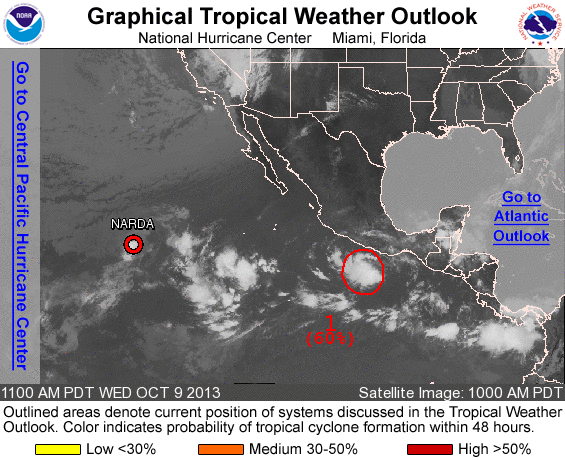
FOR THE EASTERN NORTH PACIFIC...EAST OF 140 DEGREES WEST LONGITUDE..

THE NATIONAL HURRICANE CENTER IS ISSUING ADVISORIES ON TROPICAL DEPRESSION NARDA...LOCATED WELL TO THE WEST-SOUTHWEST OF THE SOUTHERN TIP OF THE BAJA CALIFORNIA PENINSULA.

1. SHOWERS AND THUNDERSTORMS ASSOCIATED WITH A BROAD AREA OF LOW PRESSURE LOCATED A FEW HUNDRED MILES SOUTH OF ACAPULCO MEXICO ARE SHOWING SOME SIGNS OF ORGANIZATION. ENVIRONMENTAL CONDITIONS APPEAR CONDUCIVE FOR DEVELOPMENT OVER THE NEXT SEVERAL DAYS...AND THIS LOW IS LIKELY TO BECOME A TROPICAL DEPRESSION DURING THE NEXT DAY OR TWO. THIS SYSTEM HAS A HIGH CHANCE...60 PERCENT...OF BECOMING A TROPICAL CYCLONE DURING THE NEXT 48 HOURS...AND A HIGH CHANCE...90 PERCENT...OF BECOMING A TROPICAL CYCLONE DURING THE NEXT 5 DAYS WHILE IT MOVES GENERALLY NORTHWESTWARD AT ABOUT 10 MPH.

FIVE-DAY FORMATION PROBABILITIES ARE EXPERIMENTAL IN 2013. COMMENTS ON THE EXPERIMENTAL FORECASTS CAN BE PROVIDED AT... HTTP://WWW.NWS.NOAA.GOV/SURVEY/NWS-SURVEY.PHP?CODE=ETWO

FORECASTER BLAKE